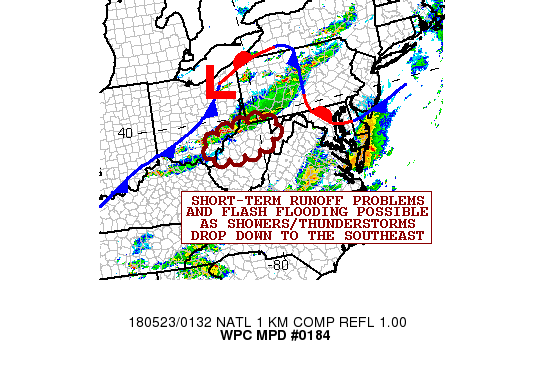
AREAS AFFECTED...FAR SOUTHEAST OH...CENTRAL/NORTHERN WV...FAR
WESTERN MD

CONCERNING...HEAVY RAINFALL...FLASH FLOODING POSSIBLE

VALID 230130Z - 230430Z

SUMMARY...A BAND OF HEAVY SHOWERS AND THUNDERSTORMS WILL ADVANCE
SOUTHEAST OVER THE NEXT COUPLE OF HOURS. GIVEN THE VERY WET
ANTECEDENT CONDITIONS...SOME FLASH FLOODING WILL BE POSSIBLE.

DISCUSSION...A COLD FRONT DROPPING SOUTHEAST ACROSS THE OH VALLEY
CONTINUES TO FOSTER A BROKEN LINE OF HEAVY SHOWERS AND
THUNDERSTORMS. CLOUD TOPS OVER THE LAST COUPLE OF HOURS HAVE BEEN
TENDING TO COOL A BIT MORE AS THE CONVECTION CONTINUES TO WORK
THROUGH A MODERATELY UNSTABLE AIRMASS POOLED UP AHEAD OF THE
FRONT. SOME WEAK RIGHT-ENTRANCE REGION JET DYNAMICS ARE IN PLACE
AS WELL WHICH IS PROVIDING SOME LARGER SCALE ASCENT.

THE CONVECTION AS IT SETTLES SOUTHEAST DOWN ACROSS THE CENTRAL
APPALACHIANS WILL BE CAPABLE OF PRODUCING RAINFALL RATES OF 1.5 TO
2 INCHES/HR WITHIN THE STRONGER CORES...AND WITH THE ANTECEDENT
CONDITIONS SO WET...THERE WILL BE SOME SHORT-TERM CONCERNS FOR
ENHANCED RUNOFF AND FLASH FLOODING. THIS IS SUPPORTED BY VERY LOW
FFG VALUES ACROSS THE REGION.

THE ACTIVITY SHOULD WEAKEN TOWARD MIDNIGHT AS THE AVAILABLE
INSTABILITY BECOMES INCREASINGLY EXHAUSTED...AND AT THAT TIME THE
FLASH FLOOD THREAT SHOULD DIMINISH. WILL CONTINUE TO MONITOR.